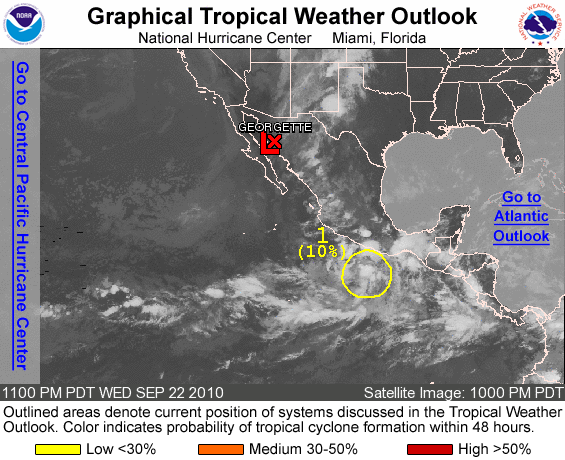
FOR THE EASTERN NORTH PACIFIC...EAST OF 140 DEGREES WEST LONGITUDE..

THE NATIONAL HURRICANE CENTER HAS ISSUED THE LAST ADVISORY ON TROPICAL DEPRESSION GEORGETTE...LOCATED ABOUT 50 MILES NORTH OF GUAYMAS MEXICO.

1. SHOWERS AND THUNDERSTORMS ASSOCIATED WITH AN AREA OF DISTURBED WEATHER LOCATED A COUPLE HUNDRED MILES SOUTH OF ACAPULCO MEXICO HAVE CHANGED LITTLE IN ORGANIZATION DURING THE LAST SEVERAL HOURS. DEVELOPMENT...IF ANY...OF THIS SYSTEM SHOULD BE SLOW TO OCCUR AS IT MOVES WESTWARD OR WEST-NORTHWESTWARD AT 5 TO 10 MPH. THERE IS A LOW CHANCE...10 PERCENT...OF THIS SYSTEM BECOMING A TROPICAL CYCLONE DURING THE NEXT 48 HOURS.

ELSEWHERE...TROPICAL CYCLONE FORMATION IS NOT EXPECTED DURING THE NEXT 48 HOURS.

FORECASTER KIMBERLAIN